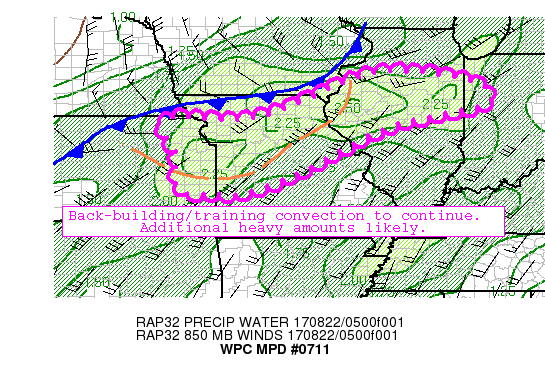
AREAS AFFECTED...ERN KS...NRN AND CNTRL MO...CNTL IL...WRN IN

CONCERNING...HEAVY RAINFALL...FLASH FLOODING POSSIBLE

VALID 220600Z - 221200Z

SUMMARY...DEEP SOUTHWESTERLY LOW LEVEL INFLOW AHEAD OF A COLD
FRONT AND ALONG CONVECTIVE OUTFLOWS IS EXPECTED TO SUPPORT
ADDITIONAL BACK-BUILDING/TRAINING CONVECTION...WITH ADDITIONAL
HEAVY RAINFALL AMOUNTS LIKELY.

DISCUSSION...DEEP SOUTHWESTERLY LOW LEVEL INFLOW CONTINUES OUT
AHEA OF A COLD FRONT DROPPING SOUTH ACROSS THE MID MS/MO VALLEYS.
LATEST SPC MESOANALYSIS SHOWS PWS OF 2-2.3 INCHES ACROSS MUCH OF
THE HIGHLIGHTED AREA...WITH THE 04 UTC RAP SHOWING 40-50 KT
SOUTHWESTERLY TO WEST-SOUTHWESTERLY INFLOW MAINTAINING THIS DEEP
MOISTURE POOL AHEAD OF THE FRONT THROUGH THE REMAINDER OF THE
OVERNIGHT.  MUCAPES OF 1000-2000 J/KG ACROSS MO/IL SHOULD SUPPORT
CONTINUED CONVECTION...WHILE MID LEVEL ENERGY AND FAVORABLE UPPER
JET DYNAMICS PROVIDE GOOD DYNAMIC SUPPORT ACROSS THE HIGHLIGHTED
AREA.

FOR THE 6-HR PERIOD ENDING 12 UTC...THE LATEST HI-RES
CONSENSUS...INCLUDING RECENT RUNS OF THE OPERATIONAL AND
EXPERIMENTAL HRRR SHOW WIDESPREAD ADDITIONAL AMOUNTS OF 1-2
INCHES...WITH LOCALLY HEAVIER OF 2-4 INCHES.  THESE AMOUNTS WILL
CAUSE RUNOFF CONCERNS...ESPECIALLY ACROSS AREAS ALREADY IMPACTED
BY HEAVY ACCUMULATIONS.